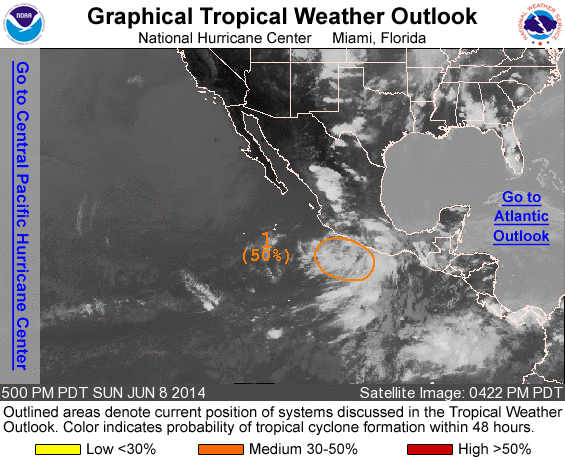
For the eastern North Pacific...east of 140 degrees west longitude:

1. Showers and thunderstorms remain disorganized in association with a broad and elongated area of low pressure located a couple of hundred miles west-southwest of Acapulco, Mexico. Environmental conditions appear conducive for gradual development, and this system will likely become a tropical depression during the next few days while it moves generally northwestward at 5 to 10 mph.
* Formation chance through 48 hours...medium...50 percent.
* Formation chance through 5 days...high...80 percent.

Forecaster Cangialosi